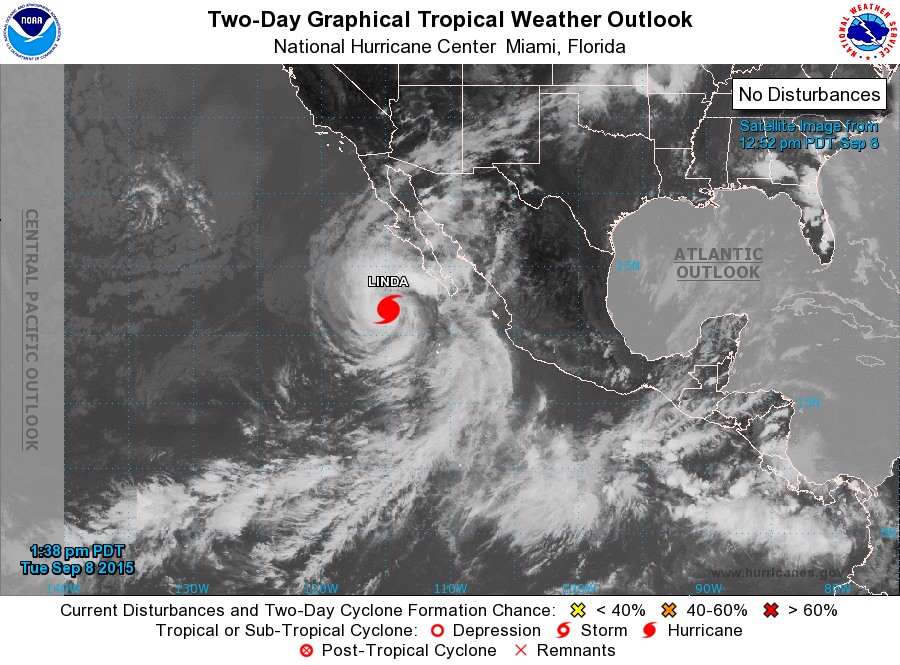
For the eastern North Pacific...east of 140 degrees west longitude:

The National Hurricane Center is issuing advisories on Hurricane Linda, located a few hundred miles west-southwest of the southern tip of the Baja California peninsula.

1. An area of low pressure is expected to develop several hundred miles south of the Gulf of Tehuantepec later this week. Environmental conditions are forecast to be conducive for gradual development of this system while it moves generally west-northwestward at about 10 mph.
* Formation chance through 48 hours...low...near 0 percent
* Formation chance through 5 days...medium...40 percent

Forecaster Brennan